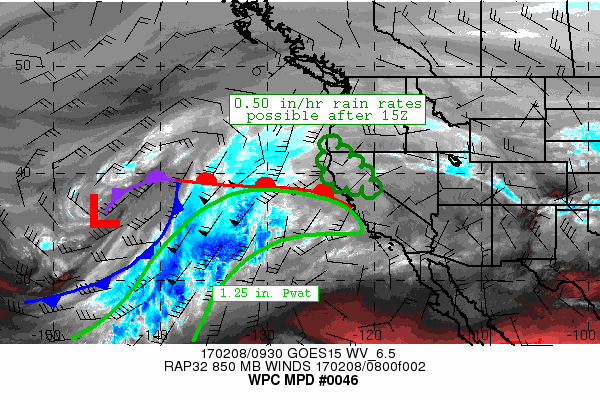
AREAS AFFECTED...PORTIONS OF NRN TO CNTRL CA...EXTREME SWRN OR

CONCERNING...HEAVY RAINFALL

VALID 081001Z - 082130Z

SUMMARY...AN IMPRESSIVE SURGE IN LOW-LEVEL MOISTURE FLUX IS
EXPECTED TO REACH THE COAST THIS MORNING. RAIN RATES SHOULD
INCREASE ACROSS THE COASTAL RANGES OF NORTHERN CA AND SOUTHWESTERN
OR AS WELL AS THE CENTRAL AND NORTHERN SIERRA NEVADA. RATES NEAR
0.50 IN/HR ARE POSSIBLE AFTER 15Z.

DISCUSSION...AN ANOMALOUS PLUME OF MOISTURE IS BEING TRANSPORTED
NORTHEASTWARD THIS MORNING IN A CHANNEL OF 40-50 KT LOW-LEVEL FLOW
AHEAD OF A DEEPENING PACIFIC LOW PRESSURE SYSTEM. CURRENT BLENDED
TPW ESTIMATES INDICATE PWATS IN THE 1.25 TO 1.5 INCH RANGE IN THIS
PLUME. AMSU ESTIMATED RAINFALL RATES OFFSHORE ARE CURRENTLY IN THE
0.10 TO 0.25 IN/HR RANGE.

THE SURGE IN LOW-LEVEL MOISTURE FLUX/ATMOSPHERIC RIVER IS EXPECTED
TO REACH THE COAST LATER THIS MORNING, WITH RAINFALL RATES
GRADUALLY INCREASING ACROSS THE COASTAL RANGES AS WELL AS THE
SIERRA NEVADA. SSW FLOW OF 40-50 KT AT 850 HPA IS FORECAST TO
REACH THE COAST BETWEEN 12Z AND 15Z, WHICH SHOULD SUPPORT RAINFALL
RATES APPROACHING 0.50 IN/HR, ESPECIALLY IN FAVORED TERRAIN. RAIN
IS EXPECTED TO FALL EVEN AT THE HIGHER ELEVATIONS OF THE SIERRA
NEVADA WHERE THE PROLONGED PERIOD OF ONSHORE FLOW HAS INCREASED
SNOW LEVELS SUBSTANTIALLY. TOTAL RAINFALL AMOUNTS THROUGH 21Z OF 1
TO 4 INCHES ARE POSSIBLE. THESE RAINFALL AMOUNTS COULD EXACERBATE
ONGOING FLOODING PROBLEMS, EVEN FOR LOWER ELEVATION AREAS IN THE
SACRAMENTO VALLEY WHERE PROLONGED HEAVY RAIN AT HIGHER ELEVATIONS
ALONG WITH MELTING SNOW HAS LED TO SWOLLEN STREAMS AND RIVERS.